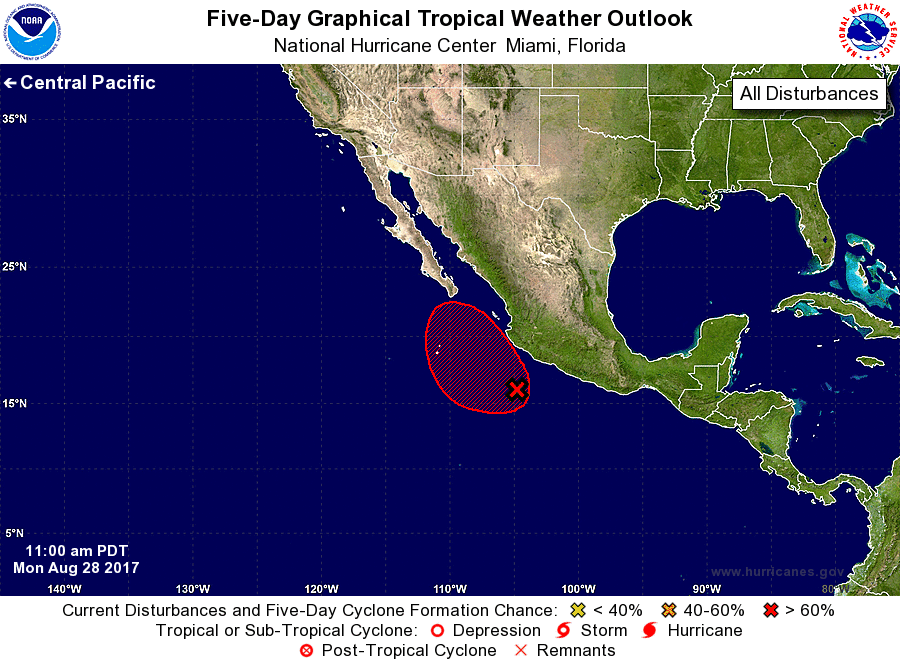
For the eastern North Pacific...east of 140 degrees west longitude:

1. An elongated area of low pressure centered about a couple of hundred miles south of Manzanillo, Mexico, is producing widespread disorganized showers and thunderstorms. Environmental conditions are forecast to be conducive for development, and this system is expected to become a tropical cyclone within two or three days while it moves generally northward or northwestward near the coast of southwestern Mexico and Baja California Sur. Residents in those areas should monitor the progress of this system, and tropical storm watches could be required for a portion of the area on Tuesday. Regardless of development, very heavy rain is expected in southwestern Mexico and Baja California Sur over the next few days and could cause life-threatening flash floods and mudslides.
* Formation chance through 48 hours...medium...60 percent.
* Formation chance through 5 days...high...90 percent.

Forecaster Blake